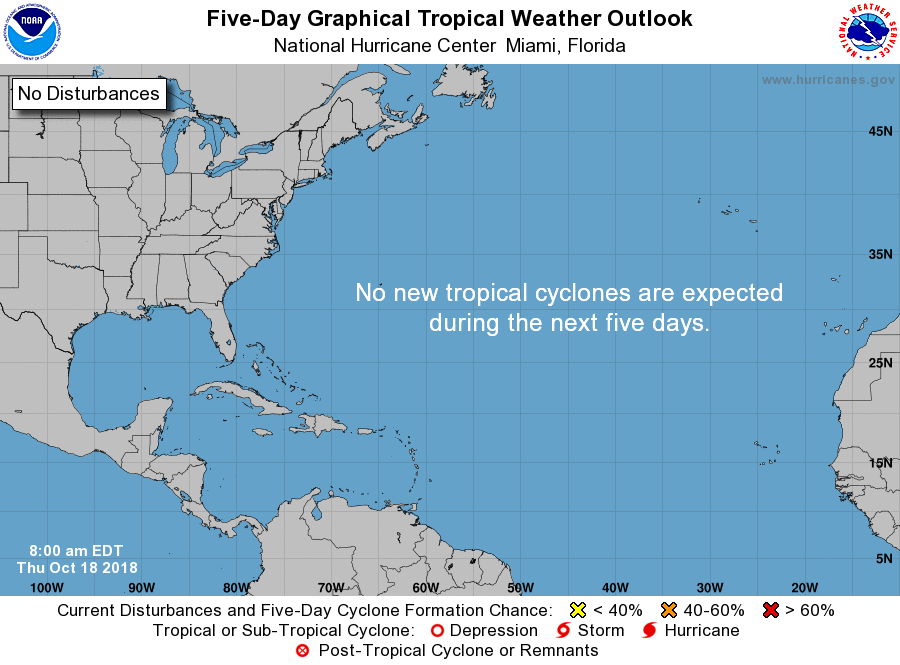
For the North Atlantic...Caribbean Sea and the Gulf of Mexico:

Tropical cyclone formation is not expected during the next 5 days.

Forecaster Cangialosi